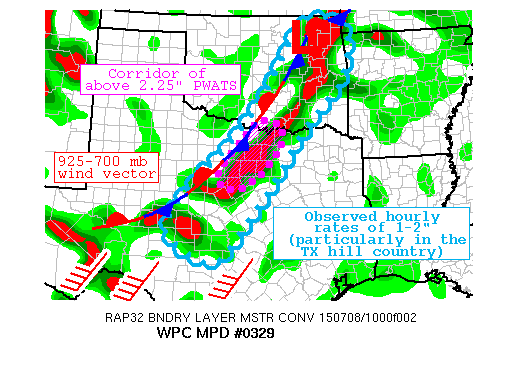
AREAS AFFECTED...CENTRAL TO NORTHERN TX/EASTERN OK...

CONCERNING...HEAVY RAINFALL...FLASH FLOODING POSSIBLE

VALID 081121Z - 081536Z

SUMMARY...TRAINING/BACKBUILDING CONVECTION CONTINUES ACROSS
CENTRAL/NORTHERN TX AND INTO SOUTHEASTERN OK. WHILE HOURLY
RAINFALL RATES HAVE DECREASED A BIT AS CLOUD TOPS HAVE BEGUN TO
WARM...THE COMBINATION OF ANOMALOUS MOISTURE AND UNIDIRECTIONAL
FLOW SUPPORTS THE CONTINUED THREAT FOR FLASH FLOODING.

DISCUSSION...THE 11Z SURFACE ANALYSIS SHOWED A SLOW-MOVING
BOUNDARY EXTENDING FROM JUST WEST OF TULSA OK SOUTH-SOUTHWESTWARD
ACROSS THE RED RIVER AND BACK TOWARD SAN ANGELO TX. INCREDIBLE
AMOUNTS OF MOISTURE CONTINUE TO ADVECT NORTHWARD OUT OF THE
TROPICS BRINGING PWATS INTO THE 2.25 TO 2.50 INCH RANGE PER RECENT
GPS DATA. THE SOUNDING CLIMATOLOGY PAGE FROM SPC INDICATES SUCH
PWATS ARE NEARING/EXCEEDING DAILY RECORDS. THE FOCUS FOR THE
CONVECTION THIS MORNING HAS GENERALLY BEEN ALONG THE
AFOREMENTIONED BAROCLINIC ZONE WHERE STRONG LOW-LEVEL CONVERGENCE
HAS CONTINUED TO FORCE VIGOROUS LIFT OF AIR PARCELS. IN
CONJUNCTION WITH THE BOUNDARY IS PERSISTENT UNIDRECTIONAL FLOW IN
THE LOWEST 3-4 KM OF THE TROPOSPHERE. THE VAD-WIND PROFILER OUT OF
KFWS SHOWED 35 TO 40 KNOTS OF SOUTH-SOUTHWESTERLY FLOW WHERE
CONTINUAL REGENERATION OF CONVECTION HAS OCCURRED ALONG THE NOSE
OF THE NOCTURNAL LLJ. IN THE PAST SEVERAL SCANS...IR SATELLITE
IMAGERY HAS SHOWN A GENERAL WARMING OF CLOUD TOPS WHICH HAS LED TO
A DECREASE IN THE HOURLY RAINFALL RATES. WHILE THE 1 TO 2 INCH
RATES EARLIER SEEN MAY NOT BE OBSERVED ACROSS A BROAD AREA...THE
GROUNDS ARE QUITE SATURATED FROM THE EARLIER HEAVY RAINFALL TO
SUPPORT THE CONTINUED THREAT OF FLASH FLOODING THROUGH THE MORNING.

FAIRLY CONFIDENT IN THE CONVECTION MAINTAINING ITS CURRENT
ORIENTATION THROUGH THE MID-MORNING AS LITTLE CHANGE IN THE
LOW-LEVEL WIND FIELDS AND MOISTURE CONTENT ARE EXPECTED. IN
ADDITION...THE 10Z RAP OBJECTIVE ANALYSIS STILL SHOWS SUFFICIENT
BUOYANCY IN PLACE ACROSS MUCH OF CENTRAL TX.

A MAJORITY OF THE CONVECTION-ALLOWING MODELS SUPPORT A HEAVY SWATH
OF PRECIPITATION EXTENDING FROM THE TX HILL COUNTRY UP ALONG THE
RED RIVER INTO NORTHEASTERN OK. THE BIGGEST QUESTION MARK IS
WHETHER THE ACTIVITY ALONG THE NORTHERN EXTENT OF THE MPD WILL SEE
RAINFALL CAPABLE OF PRODUCING FLASH FLOODING. AS THE SURFACE LOW
NEAR TULSA OK CONTINUES TO LIFT NORTH AND EAST...THERE MAY BE A
LULL IN THE ACTIVITY ACROSS THIS REGION.